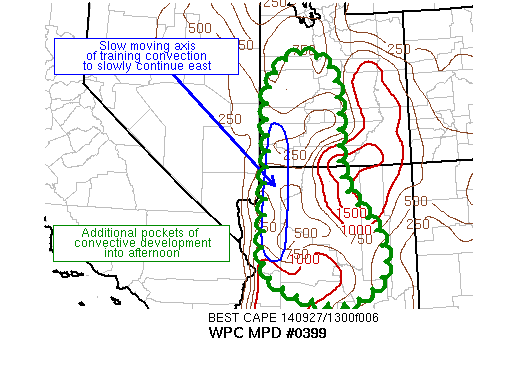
AREAS AFFECTED...CNTRL/NRN ARIZONA INTO UTAH

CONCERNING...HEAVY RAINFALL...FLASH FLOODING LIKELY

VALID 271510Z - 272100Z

SUMMARY...WRN ARIZONA INTO WRN UTAH SHOULD CONTINUE TO SEE FLASH
FLOODING WITH A SLOW MOVING LINE OF TRAINING CONVECTION OVER THE
NEXT FEW HOURS. MEANWHILE ADDITIONAL CELLULAR DEVELOPMENT IS
EXPECTED EAST OF THIS LINE WITH THE ONSET OF DAYTIME HEATING.

DISCUSSION...THE LATEST WV IMAGERY CONTINUED TO SHOW A SLOW MOVING
CUTOFF LOW...CENTERED OVER THE CNTRL CALIFORNIA/NEVADA
BORDER...WITH STRONG UPPER DIFFLUENCE OVER MUCH OF ARIZONA.
MAXIMUM 850-700 MB FLOW OF ROUGHLY 40 KTS HAS BEEN CONFINED WITHIN
A SMALL CORRIDOR OVER NWRN ARIZONA...COINCIDENT WITH THE HEAVIEST
RADAR ESTIMATED RAINFALL RATES OF 1-2 IN/HR...OVER PORTIONS OF
MOHAVE COUNTY. UNIDIRECTIONAL WIND PROFILES HAVE BEEN SUPPORTING
TRAINING CONVECTION WITH A SLOW EWD CRAWL SINCE 12Z.

LOW LEVEL INFLOW WITHIN THE 850-700 MB LAYER IS FORECAST BY THE
RAP TO WEAKEN TO ABOUT 30 KTS BY 18Z...BUT SHOULD CONTINUE TO
SUPPORT REPEAT CELL MOTIONS UNDER STRONGLY DIFFLUENT FLOW ALOFT.
IN ADDITION...DESPITE EXTENSIVE CLOUD COVER...INSTABILITY WILL
INCREASE THROUGHOUT THE AFTERNOON WITH SOME CONTRIBUTIONS FROM
DAYTIME HEATING AND INCREASED LOW LEVEL MOISTURE ADVECTION. THE
EXPECTATION IS FOR THE CURRENT LINE OF TRAINING CONVECTION TO
CONTINUE TO SLOWLY MOVE EASTWARD...PERHAPS LOSING SOME
ORGANIZATION WITH WEAKENING 850-700 MB FLOW...BUT WITH ADDITIONAL
CELLS TO DEVELOP AND TRAIN TOWARD THE EAST. FLASH FLOODING IS
CONSIDERED LIKELY GIVEN STRONG HI-RES MODEL SUPPORT FOR ADDITIONAL
HEAVY RAINFALL.